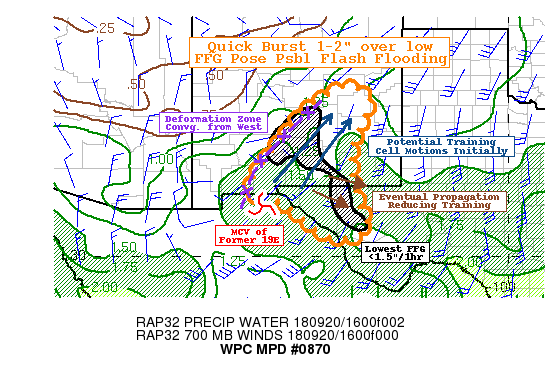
Areas affected...Southern NM...Far West Texas...

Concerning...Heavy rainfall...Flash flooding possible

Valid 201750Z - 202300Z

SUMMARY...Isolated flash flooding risk for quick burst of 1-2"
totals in 1-2 hours across low FFG with some initial potential
training.

DISCUSSION...Some of the uncertainty with respect to heavy
rainfall has become lesser so, as mid-level cirrus has reduced in
the last few hours across southern NM and western portions of West
Texas.  Surface temps have risen into the mid-70s supporting
SBCAPEs to increase over 500 J/kg from modified 12z EPZ sounding.
This sounding along with CIRA LPW suite depict very deep rich
tropical moisture from the remnants of TD-19E with nearly
saturated profiles that support Total PWATs over 1.5" in lower
terrain locations (like El Paso) but even 1.0-1.25" totals in the
higher terrain of the Sacramento/San Andres Ranges.

MCV from 19E is lifting out of N Chihuahua toward West TX, with
numerous high reflectivity TCU breaking out...slow cell motions
near the center are expected and with deep moisture and weak
instability...inflow will likely not maintain stronger updrafts
for very long.  Still, downdraft/rainfall production will be
efficient with rates in excess of 1.75"/hr, leading to totals of
1-2" possible.

Further north, deep layered trof is oriented favorably for
potential training profiles particularly initially as convection
develops (as see in HDX radar N of ALM).  However, fairly deep
SSWly deep moist flow west of the trof is providing
moisture/instability but the forcing/convergence is driven from
westerly flow at 850-7H, limiting moisture flux with exceptions of
weak backbuilding from the SSW inflow near cloud base.   As such
mean cell motions will train, but propagation will be toward the
ESE, especially with recent backing and strengthening of surface
flow over SE NM.  Like near the MCV, cells will have rainfall
efficiency toward 1.5-1.75"/hr but duration to lead to flash
flooding remains the highest uncertainty at this point.  Low FFG
values through the Sacramento Range toward GDP and the Davis Range
lead to some neighborhood probabilities pushing 50% with rainfall
totals in the 1-2" range.